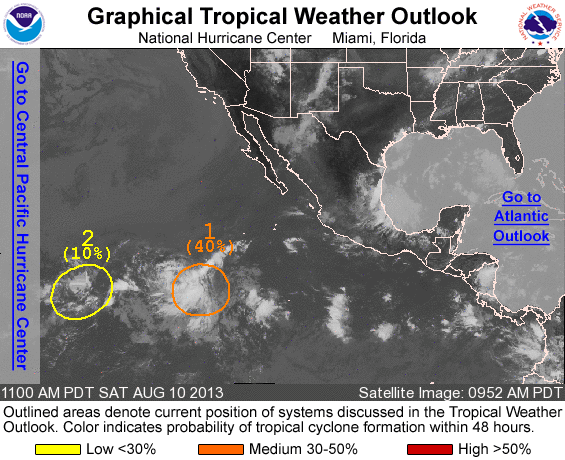
FOR THE EASTERN NORTH PACIFIC...EAST OF 140 DEGREES WEST LONGITUDE..

1. A BROAD AREA OF LOW PRESSURE CENTERED ABOUT 1000 MILES SOUTHWEST OF THE SOUTHERN TIP OF BAJA CALIFORNIA CONTINUES TO PRODUCE SHOWERS AND THUNDERSTORMS. WHILE THIS SYSTEM IS POORLY ORGANIZED AT THE PRESENT TIME...UPPER-LEVEL WINDS ARE FORECAST TO GRADUALLY BECOME MORE CONDUCIVE FOR DEVELOPMENT OVER THE NEXT FEW DAYS WHILE THE LOW MOVES WESTWARD AT 10 TO 15 MPH. THIS SYSTEM HAS A MEDIUM CHANCE...40 PERCENT...OF BECOMING A TROPICAL CYCLONE DURING THE NEXT 48 HOURS AND A HIGH CHANCE...70 PERCENT...OF BECOMING A TROPICAL CYCLONE DURING THE NEXT 5 DAYS.

2. A TROUGH OF LOW PRESSURE LOCATED ABOUT 1500 MILES EAST-SOUTHEAST OF THE BIG ISLAND OF HAWAII IS PRODUCING LIMITED SHOWER ACTIVITY. DEVELOPMENT...IF ANY...OF THIS SYSTEM IS EXPECTED TO BE SLOW TO OCCUR DURING THE NEXT FEW DAYS WHILE IT MOVES WESTWARD AT AROUND 10 MPH. THIS SYSTEM HAS A LOW CHANCE...10 PERCENT...OF BECOMING A TROPICAL CYCLONE DURING THE NEXT 48 HOURS...AND A LOW CHANCE...20 PERCENT...OF BECOMING A TROPICAL CYCLONE DURING THE NEXT 5 DAYS.

FIVE-DAY FORMATION PROBABILITIES ARE EXPERIMENTAL IN 2013. COMMENTS ON THE EXPERIMENTAL FORECASTS CAN BE PROVIDED AT...

HTTP://WWW.NWS.NOAA.GOV/SURVEY/NWS-SURVEY.PHP?CODE=ETWO

FORECASTER BLAKE